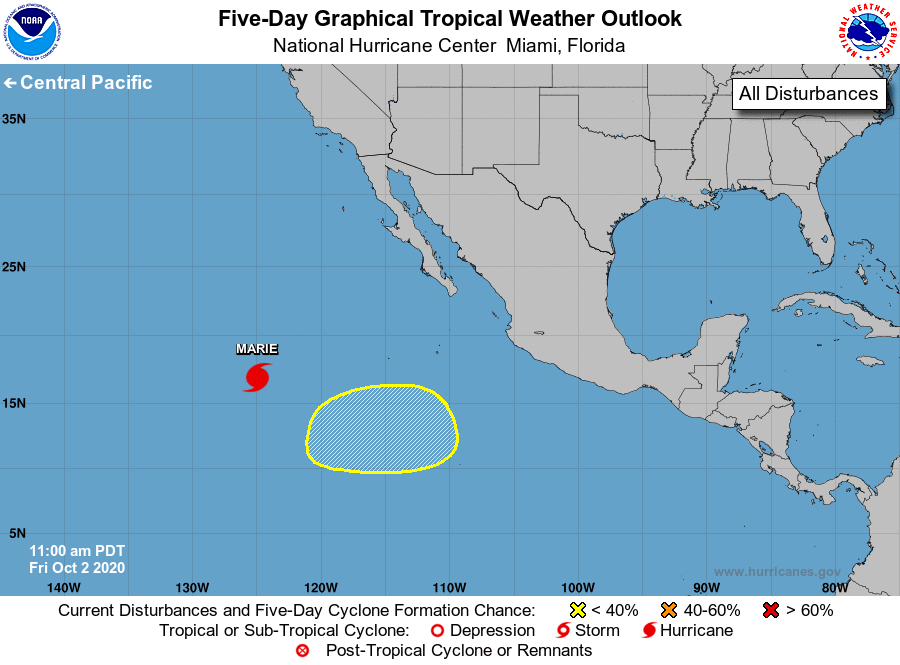
For the eastern North Pacific...east of 140 degrees west longitude:

The National Hurricane Center is issuing advisories on Hurricane Marie, located about 1000 miles west-southwest of the southern tip of the Baja California peninsula.

1. A broad area of low pressure is expected to form several hundred miles southwest of the coast of southwestern Mexico this weekend. Some development of this system is possible early next week while it moves westward at 5 to 10 mph.
* Formation chance through 48 hours...low...near 0 percent.
* Formation chance through 5 days...low...20 percent.

Forecaster Reinhart/Berg